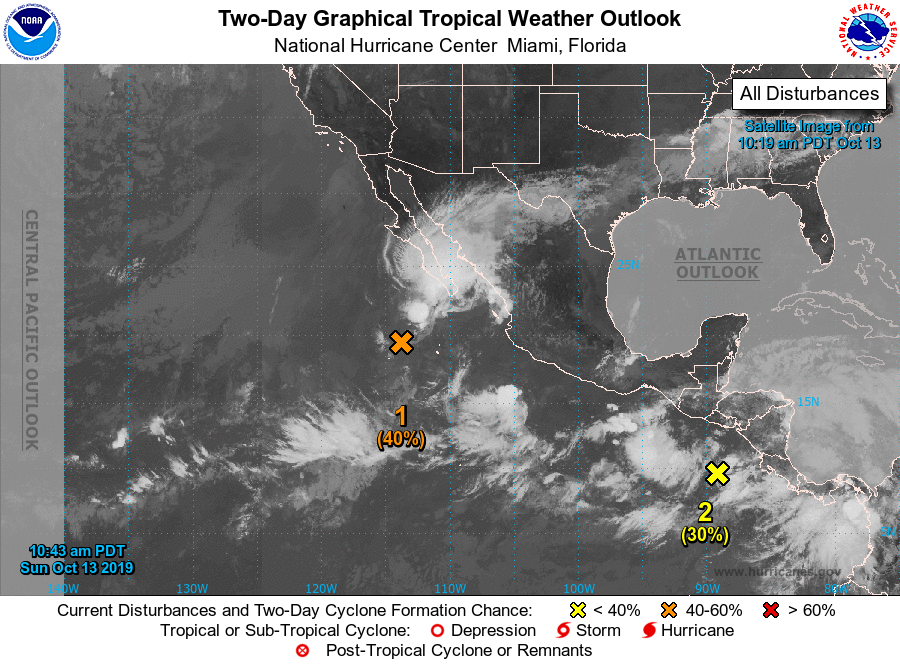
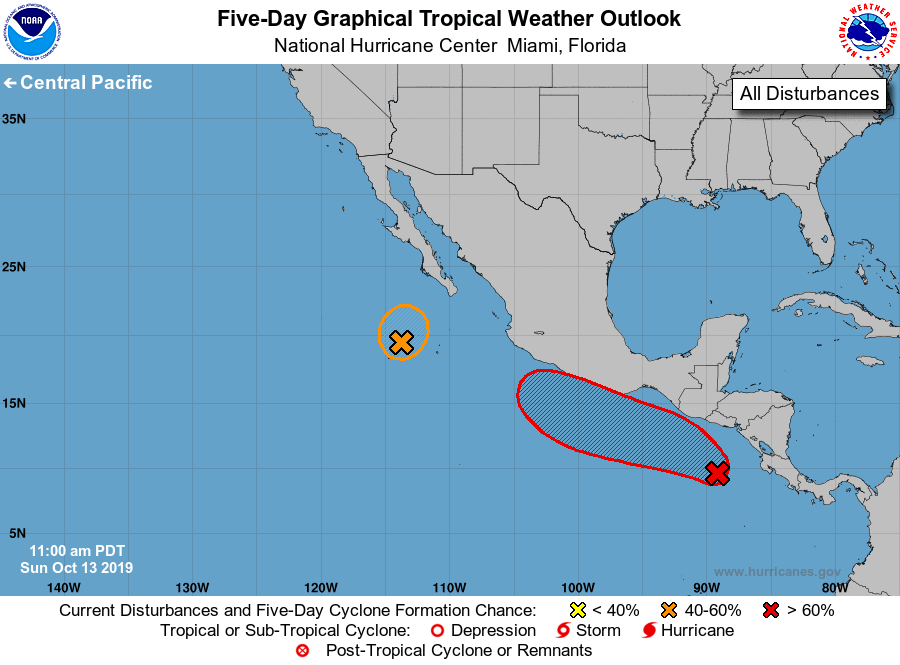
For the eastern North Pacific...east of 140 degrees west longitude:

1. An area of low pressure located a couple of hundred miles southwest of the southern tip of Baja California remains broad and elongated. Although the window of opportunity for development is decreasing, a tropical depression could still form by tonight while the system moves north-northeastward at 5 to 10 mph. On Monday, however, additional development is not anticipated due to cooler waters and stronger upper-level winds. Regardless of development, this system is forecast to produce heavy rainfall across the southern Baja California peninsula today and continuing into Monday.
* Formation chance through 48 hours...medium...40 percent.
* Formation chance through 5 days...medium...40 percent.

2. A broad area of low pressure located a few hundred miles west of the coasts of Nicaragua and Costa Rica is producing disorganized showers and thunderstorms. Gradual development is expected over the next several days, and a tropical depression is likely to form by midweek while the system moves west-northwestward at about 10 mph near or just offshore the coast of Mexico.
* Formation chance through 48 hours...low...30 percent.
* Formation chance through 5 days...high...70 percent.

Forecaster Latto